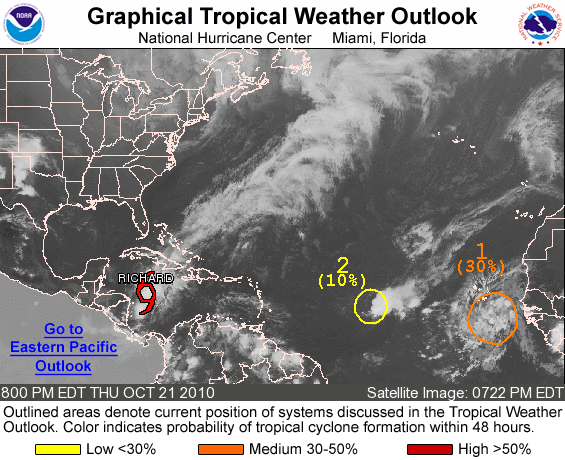
FOR THE NORTH ATLANTIC...CARIBBEAN SEA AND THE GULF OF MEXICO...

THE NATIONAL HURRICANE CENTER IS ISSUING ADVISORIES ON TROPICAL STORM RICHARD LOCATED ABOUT 230 MILES SOUTH-SOUTHEAST OF GRAND CAYMAN AND ABOUT 190 MILES EAST-NORTHEAST OF THE HONDURAS/NICARAGUA BORDER.

1. SHOWERS AND THUNDERSTORMS ASSOCIATED WITH A BROAD LOW PRESSURE SYSTEM LOCATED A FEW HUNDRED MILES SOUTH OF THE CAPE VERDE ISLANDS HAVE CHANGED LITTLE IN ORGANIZATION DURING THE LAST SEVERAL HOURS. WHILE ENVIRONMENTAL CONDITIONS APPEAR CONDUCIVE FOR SOME DEVELOPMENT OF THIS DISTURBANCE DURING THE NEXT DAY OR SO...A LESS FAVORABLE ENVIRONMENT IS FORECAST AFTER THAT TIME. THERE IS A MEDIUM CHANCE...30 PERCENT...OF THIS SYSTEM BECOMING A TROPICAL CYCLONE DURING THE NEXT 48 HOURS AS IT MOVES TOWARD THE NORTHWEST OR NORTH-NORTHWEST AT 10 TO 15 MPH. LOCALLY HEAVY RAINFALL AND GUSTY WINDS ASSOCIATED WITH THE LOW ARE POSSIBLE OVER THE CAPE VERDE ISLANDS THROUGH SATURDAY.

2. SHOWERS AND THUNDERSTORMS HAVE INCREASED IN ASSOCIATION WITH A LOW PRESSURE SYSTEM LOCATED ABOUT 1200 MILES EAST OF THE LESSER ANTILLES. STRONG UPPER-LEVEL WINDS ARE FORECAST TO INHIBIT THE DEVELOPMENT OF THIS DISTURBANCE...AND THERE IS A LOW CHANCE...10 PERCENT...OF THIS SYSTEM BECOMING A TROPICAL CYCLONE AS IT MOVES SLOWLY WESTWARD DURING THE NEXT 48 HOURS.

ELSEWHERE...TROPICAL CYCLONE FORMATION IS NOT EXPECTED DURING THE NEXT 48 HOURS.

PUBLIC ADVISORIES ON TROPICAL STORM RICHARD ARE ISSUED UNDER WMO HEADER WTNT34 KNHC AND UNDER AWIPS HEADER MIATCPAT4. FORECAST/ADVISORIES ARE ISSUED UNDER WMO HEADER WTNT24 KNHC AND UNDER AWIPS HEADER MIATCMAT4.

FORECASTER KIMBERLAIN